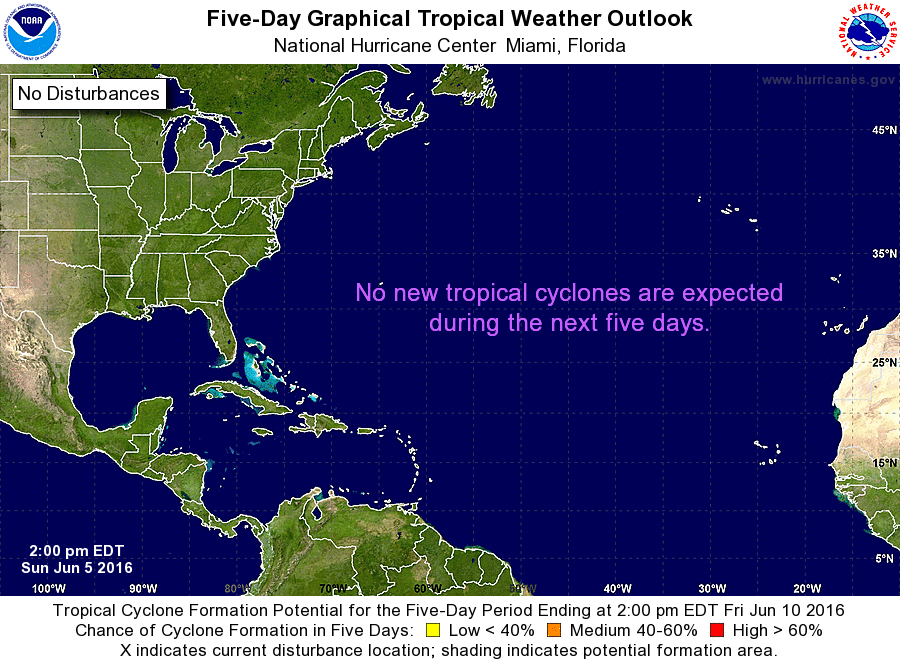
For the North Atlantic...Caribbean Sea and the Gulf of Mexico:

The National Hurricane Center is issuing advisory on newly formed Tropical Depression Three, located over the south-central Gulf of Mexico.

&&
Public Advisories on Tropical Depression Three are issued under WMO header WTNT33 KNHC and under AWIPS header MIATCPAT3. Forecast/Advisories on Tropical Depression Three issued under WMO header WTNT23 KNHC and under AWIPS header MIATCMAT3.

Forecaster Brown